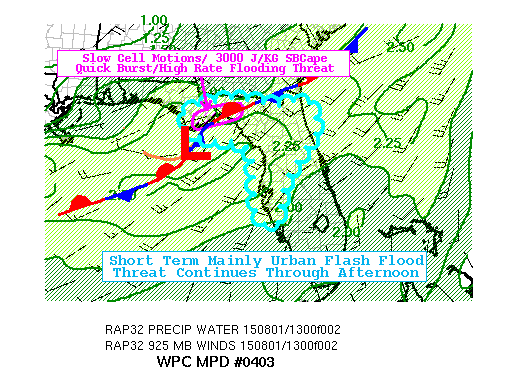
AREAS AFFECTED...NORTHERN FLORIDA PENINSULA

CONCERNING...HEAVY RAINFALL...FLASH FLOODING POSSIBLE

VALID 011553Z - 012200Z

SUMMARY...RELATIVE LULL IN FLOODING THREAT WITH INCREASED CELL
MOTION AND WEAK INSTABILITIES IN THE SURFACE TROF.  SOME INCREASED
SHORT TERM FLASH FLOODING/URBAN FLOODING THREATS IN THE
PANHANDLE/CENTRAL FL GULF COAST.

DISCUSSION...REFOCUS OF LOW LEVEL SURFACE LOW TOWARD THE WEST
SOUTH OF THE AAF...HAS LEAD TO A DECREASE OF NEAR COASTAL
CONVERGENCE NEAR THE MCS WEST OF CEDAR KEY...AND WEAKENING OF THE
COMPLEX OVERALL. THIS HAS ALLOWED FOR INCREASED OUTFLOW AND
EASTWARD PROPAGATION OF CONVECTIVE ROLLS SEEN IN RADAR/VISIBLE
LOOP.  THESE CELLS REMAIN HIGHLY EFFICIENT (SEE EARLIER SPENES
ABOUT TPWS IN EXCESS OF 2.25-2.4") IN RAINFALL PRODUCTION BUT DUE
TO INCREASED FORWARD PROGRESS TOTAL DEPTH OF THE CONVECTION HAS BE
SEVERELY DIMINISHED DUE TO 50KTS RELATIVE SHEAR AND SKINNY
PROFILES...FOR MORE ROBUST UPDRAFTS TO WITHSTAND SAID SHEAR.
STILL WITH UPPER LEVEL 20-25KT FLOW AND 25-30KT LOW LEVEL FLOW
NEARLY PARALLEL...CELL MOTIONS ALLOW FOR THE TILTED CORES TO RAIN
UPON THE TRACKS...FOR EFFECTIVE TRAINING AND INCREASED TOTALS TO
SET THE STAGE FOR THE POTENTIAL FOR INCREASED FLOODING LATER
TONIGHT THOUGH THE REST OF THE WEEKEND. THIS SHOULD ALSO ALLOW A
RECHARGE OF INSTABILITIES IN THE NEAR TERM (PRIOR 21Z) BEFORE NEXT
ROUND LATER THIS EVENING.

STILL NEARLY 60-80 DEGREES OF LOW LEVEL FLOW REMAINS GENERALLY
CONVERGENT TO THE NORTHEAST GULF COAST FOR ADVECTION OF
INSTABILITIES WITH CAPES IN THE 1500-2000 J/KG IN THE NEXT FEW
HOURS...PARTICULARLY FROM CEDAR KEY SOUTH TOWARD TAMPA/SARASOTA.
FRICTIONAL CONVERGENCE AT THE COASTLINE WITH THIS STRONG ONSHORE
FLOW SHOULD ALLOW FOR CONTINUED CONVECTIVE DEVELOPMENT AND
POTENTIAL FOR REPEAT DEVELOPMENT INCREASING RAINFALL TOTALS FROM
GENERAL 1-2" TO 2-4" WITHIN THE NEXT 6HRS.

IN THE PANHANDLE...NORTH OF THE SURFACE LOW CLEARER SKIES HAVE
ALLOWED FOR SBCPAES TO INCREASE INTO THE 3000 J/KG RANGE.
SLACKENED UPPER LEVEL FLOW DIRECTLY UNDER THE UPPER RIDGE ALLOWS
FOR SOME DIVERGENCE BUT REDUCED SHEAR TO ALLOW FOR BETTER VERTICAL
GROWTH AND SLOWER CELL MOTIONS TOWARDS THE SOUTHWEST. THESE
CONVECTIVE CELLS COULD PRODUCE 2-3"/HR RATES WITH ISOLATED TOTALS
POTENTIALLY SLIGHTLY HIGHER GIVEN THE REDUCED DURATION/PROLONGED
ORGANIZATION OF THESE CELLS IN THE NEAR TERM.